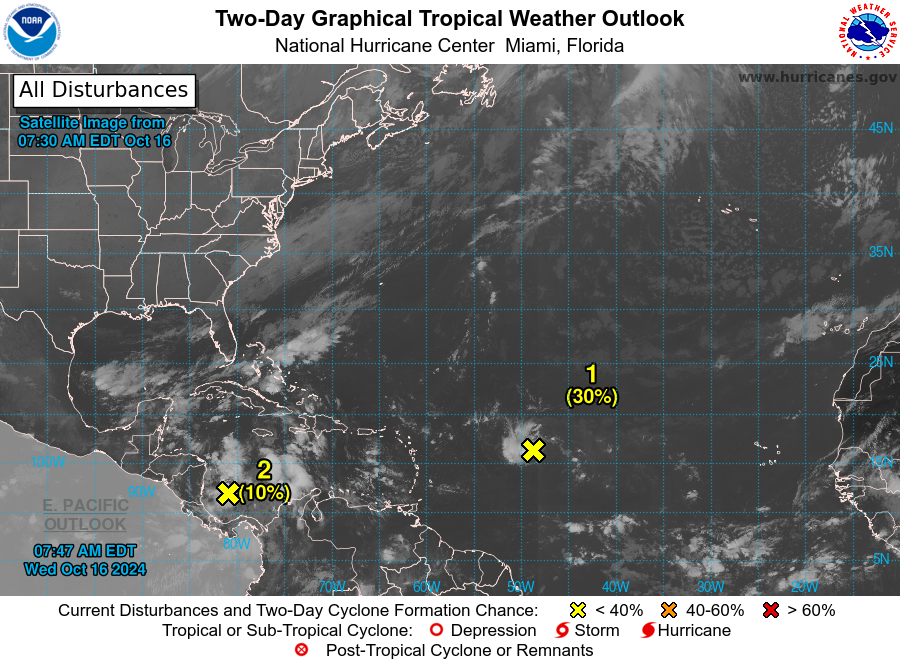
For the North Atlantic...Caribbean Sea and the Gulf of Mexico:

1. Central Tropical Atlantic (AL94): A broad area of low pressure located over the central tropical Atlantic is producing disorganized showers and thunderstorms. This system is forecast to move generally westward to west-northwestward, and environmental conditions appear marginally conducive for gradual development during the latter part of this week. A tropical depression could form as the system moves near the Leeward and Virgin Islands late this week.
* Formation chance through 48 hours...low...30 percent.
* Formation chance through 7 days...medium...40 percent.

2. Western Caribbean Sea: Showers and thunderstorms over the southwestern Caribbean Sea are associated with a broad area of low pressure. Some gradual development is possible if the system stays over water while it moves slowly northwestward towards Central America. Regardless of development, locally heavy rainfall is possible across portions of Central America later this week.
* Formation chance through 48 hours...low...10 percent.
* Formation chance through 7 days...low...20 percent.

Forecaster Bucci/R. Zelinsky